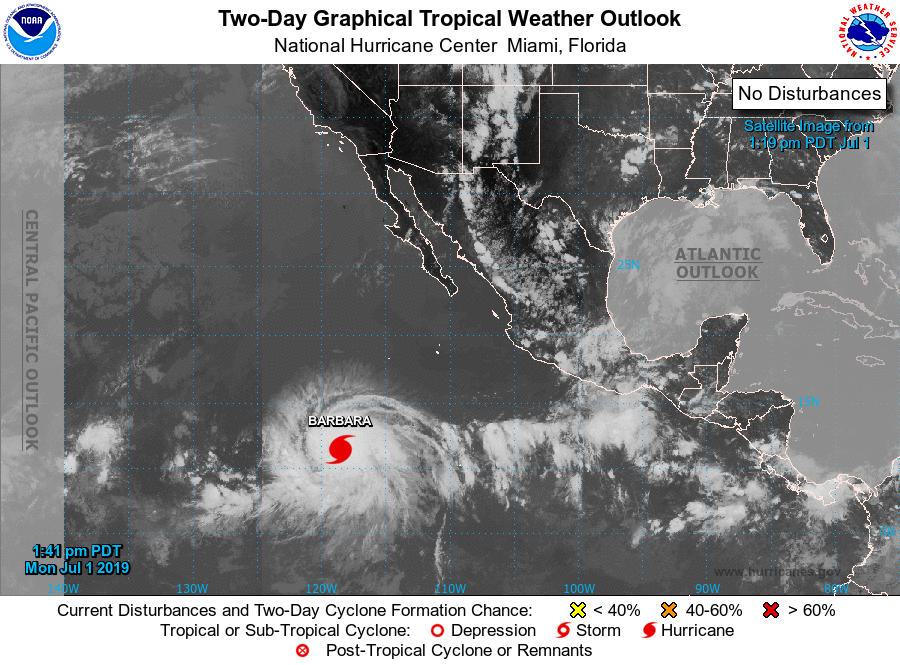
For the eastern North Pacific...east of 140 degrees west longitude:

The National Hurricane Center is issuing advisories on Tropical Storm Barbara, located several hundred miles south-southwest of the southern tip of the Baja California peninsula.

1. An area of low pressure is expected to form late this week several hundred miles south of the southern coast of Mexico. Conditions appear favorable for gradual development of this system while it moves westward to west-northwestward.
* Formation chance through 48 hours...low...near 0 percent.
* Formation chance through 5 days...medium...60 percent.

Forecaster Latto/Avila